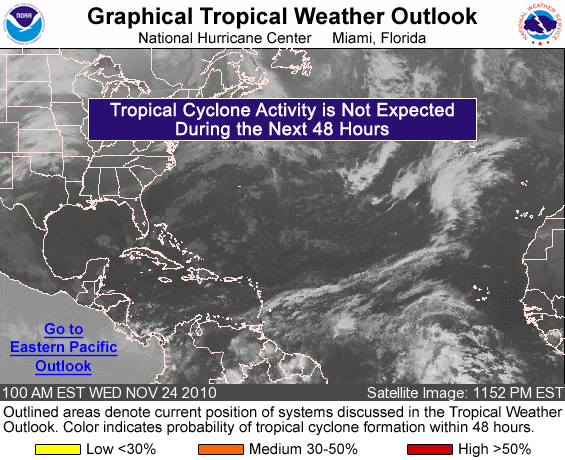
FOR THE NORTH ATLANTIC...CARIBBEAN SEA AND THE GULF OF MEXICO...

TROPICAL CYCLONE FORMATION IS NOT EXPECTED DURING THE NEXT 48 HOURS.

FORECASTER STEWART